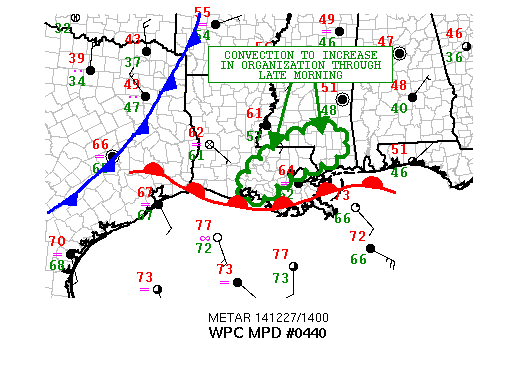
AREAS AFFECTED...SOUTHERN LA...SOUTHERN MS

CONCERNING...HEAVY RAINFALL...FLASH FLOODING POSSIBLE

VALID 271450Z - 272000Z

SUMMARY...VERY HEAVY RAINFALL RATES ASSOCIATED WITH A CLUSTER OF
THUNDERSTORMS IS EXPECTED TO PRODUCE SOME POTENTIAL FOR FLASH
FLOODING THE NEXT FEW HOURS.

DISCUSSION...IR SAT IMAGERY SHOWS A CLUSTER OF INCREASINGLY
COLD-TOPPED CONVECTION MOVING INLAND ACROSS PORTIONS OF SOUTHERN
LA. THE CONVECTION IS FORMING ALONG THE LEADING EDGE OF A DEEPER
PLUME OF HIGH PWATS EMBEDDED WITHIN A BROAD WARM AIR ADVECTION
REGIME. COORDINATION WITH NESDIS/SAB SUGGESTS THE PWATS ARE ON THE
ORDER OF 1.75 TO 2 INCHES JUST OFFSHORE OVER THE NORTHWEST GULF OF
MEXICO...AND THIS IS CONFIRMED BY THE LATEST MICROWAVE/AMSU PWAT
IMAGERY AND GOES-SOUNDER DATA WHICH SHOWS THIS POOL OF DEEPER
MOISTURE SLOWLY SHIFTING NORTH.

THE CONVECTIVE ACTIVITY WHICH IS ELEVATED IN NATURE AS PER 12Z
RAOB DATA IS BEING AIDED BY THE PRESENCE OF A LOW LEVEL COASTAL
FRONT THAT IS SLOWLY LIFTING NORTH AS WELL. ON THE LARGER
SCALE...THERE IS A POSITIVELY TILTED UPPER TROUGH SLOWLY MOVING
EAST ACROSS THE CENTRAL/SOUTHERN PLAINS...HOWEVER THERE IS A
WELL-DEFINED AXIS OF H25 RRQ JET DYNAMICS FOCUSED OVER MUCH OF THE
LOWER MS VALLEY WHICH IS PROGGED TO STRENGTHEN FURTHER TODAY AND
THIS WILL FOSTER AN INCREASE IN LARGER SCALE ASCENT.

THE HIRES MODELS LED PREDOMINANTLY BY THE 00Z NSSL-WRF STRONGLY
SUGGEST AN INCREASE IN ORGANIZED CONVECTION OVER PORTIONS OF
SOUTHERN LA THIS MORNING AND DEVELOPING SW/NE IN A BANDED FASHION
OVER INTO SOUTHERN MS AFTER 18Z. THE INCREASE IN LARGER SCALE
FORCING COUPLED WITH DEEPER LAYER MOISTURE/INSTABILITY FOCUSING
ALONG THE COASTAL FRONT SUPPORTS THE NSSL-WRF OUTPUT. RAINFALL
RATES OF 2 TO 3 INCHES/HR WITHIN THE COLDEST CONVECTIVE TOPS ALONG
WITH SOME POTENTIAL FOR LOCALIZED TRAINING SUGGESTS FLASH FLOODING
WILL BE POSSIBLE THROUGH LATE MORNING AND EARLY AFTERNOON AS THIS
CONVECTION EVOLVES.